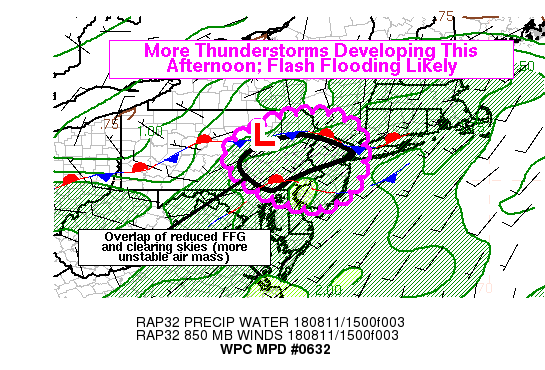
Areas affected...Eastern Pennsylvania, New Jersey, Southern New
York

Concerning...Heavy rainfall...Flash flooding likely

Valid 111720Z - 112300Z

Summary...Redevelopment of thunderstorms is expected this
afternoon in parts of the Mid Atlantic, particularly from eastern
Pennsylvania into New Jersey. These storms should become more
numerous by mid-afternoon with the potential for locally heavy
rainfall and flash flooding. Rain rates may reach 2-3 in/hr with
the strongest storms.

Discussion...Skies have generally cleared across eastern
Pennsylvania and northern New Jersey in the wake of some
convective activity overnight and into early this morning. GOES-16
visible satellite indicated an increasingly well-developed cumulus
field as of 17Z, with several more enhanced cumulus lines (and
incipient convective clusters) initiating along two
quasi-stationary fronts draped across the region. A more
concentrated area of convective development was in southern New
Jersey, along a boundary that was likely some combination of an
existing surface front and outflow from morning thunderstorms to
the north. Other than perhaps in the lowest 0.5km or so (surface
winds were somewhat chaotic and light), forecast soundings and
area radar VWPs indicated increasingly aligned southwesterly flow
through much of the depth of the troposphere, and this coincided
with a ribbon of enhanced low-level moisture transport along and
just west of the I-95 corridor from SE PA into S NY. The alignment
of the flow should favor small convective clusters and lines that
are oriented roughly parallel to the mean flow and could lead to
some training and enhancement of heavy rain durations.

The environment will support very heavy rain rates with moderate
instability (MLCAPE around 1500 j/kg) and deep moisture with PWATs
around 1.8 to 1.9 inches per GPS-PW observations. While PWATs of
that magnitude are not necessarily records for this time of year,
they are above the 90th percentile on the OKX sounding
climatology. Several convection-allowing models explicitly
forecast localized rain rates peaking in the 2-3 in/hr range, and
it seems reasonable to expect 2+ in/hr rain rates given the
overall environment. The most favorable region for flash flooding
seems to be from southeast Pennsylvania into northern New Jersey.
This is an area that has cleared out on visible satellite and thus
instability should build, but the flash flood guidance is also
reduced (lowest near and to the northwest of I-95). The chance of
a localized more significant event cannot be discounted either.
The 12Z HREF does show some small (10-15%) neighborhood
probabilities of 6hr rainfall reaching 1% annual exceedance
probability thresholds, and similar neighborhood probabilities of
receiving upwards of 5 inches of rain. Therefore, while a
localized more significant rainfall and flash flood event is far
from certain, it can't be ruled out.